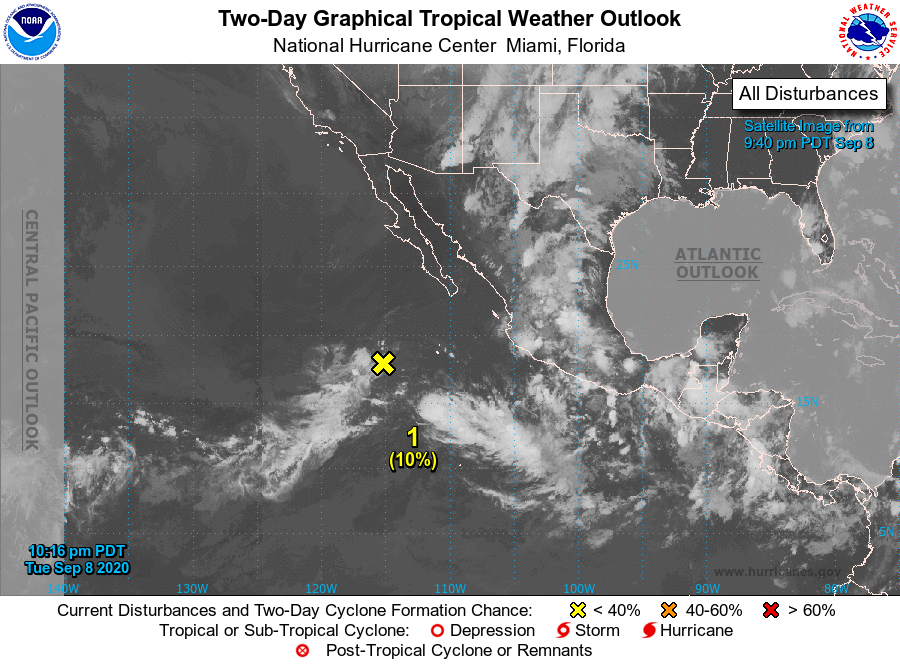
For the eastern North Pacific...east of 140 degrees west longitude:

1. An elongated area of low pressure located more than 400 miles southwest of the southern tip of the Baja California peninsula is producing limited shower activity. Environmental conditions are expected to be only marginally conducive for some development of this system during the next several days while it moves slowly westward.
* Formation chance through 48 hours...low...10 percent.
* Formation chance through 5 days...low...20 percent.

Forecaster Roberts